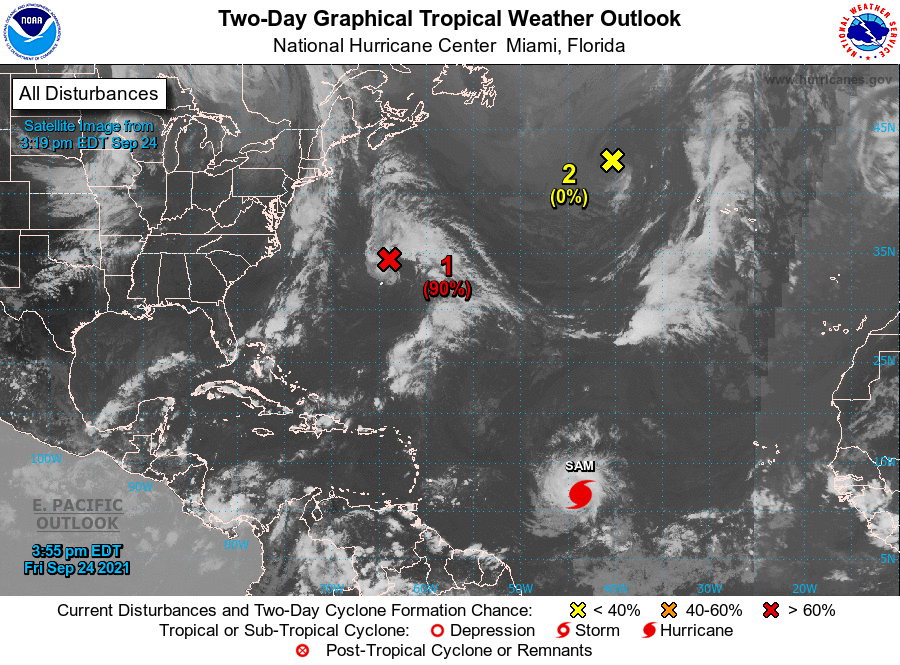
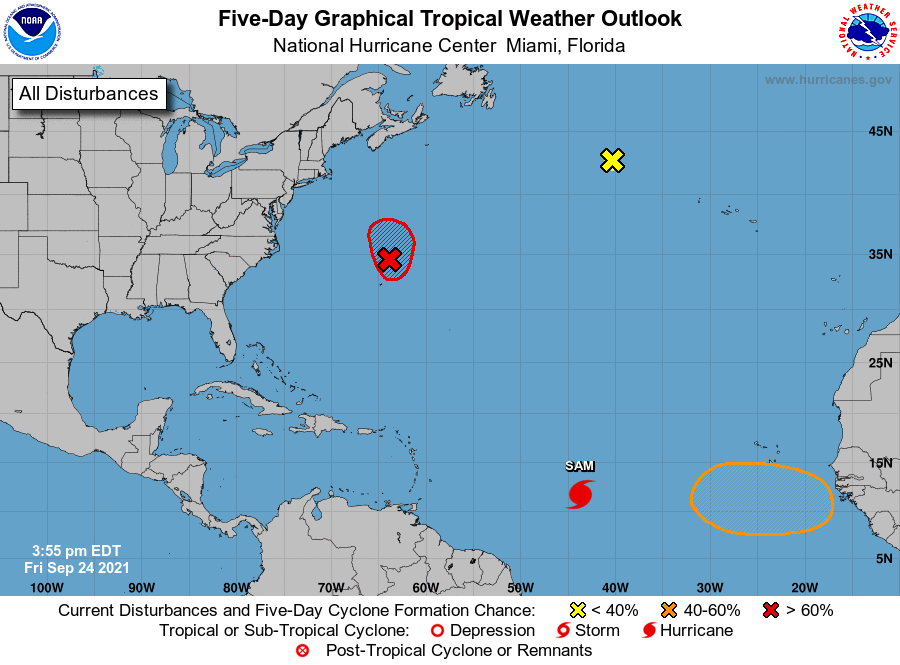
For the North Atlantic...Caribbean Sea and the Gulf of Mexico:

Special tropical weather outlook issued for the system located to the north-northeast of Bermuda.

The National Hurricane Center is issuing advisories on Hurricane Sam, located about 1300 miles east-southeast of the northern Leeward Islands.

1. Updated: Recent visible satellite imagery indicates that a well-defined center has formed with a surface low located a couple hundred miles north-northeast of Bermuda interacting with an upper-level trough. In addition, the low is producing gale-force winds on the north side of its circulation. Additional development into a subtropical storm is now expected, and advisories will likely be initiated this afternoon as the system moves slowly toward the north-northwest. Additional information on this system, including gale warnings, can be found in High Seas Forecasts issued by the National Weather Service.
* Formation chance through 48 hours...high...90 percent.
* Formation chance through 5 days...high...90 percent.

2. A gale-force, non-tropical low pressure system, the remnants of Odette, is located less than 600 miles west of the westernmost Azores. Showers and thunderstorms have mostly dissipated near the low, and strong upper-level winds are now expected to prevent further development as this system moves gradually southward until dissipation. Additional information on this system, including gale warnings, can be found in High Seas Forecasts issued by the National Weather Service.
* Formation chance through 48 hours...low...near 0 percent.
* Formation chance through 5 days...low...near 0 percent.

3. A tropical wave is expected to move off the west coast of Africa by the end of this weekend. Thereafter, environmental conditions are forecast to be conducive for gradual development, and a tropical depression could form by the middle of next week while the system moves westward at 10 to 15 mph over the far eastern tropical.
* Formation chance through 48 hours...low...near 0 percent.
* Formation chance through 5 days...medium...50 percent.

High Seas Forecasts issued by the National Weather Service can be found under AWIPS header NFDHSFAT1, WMO header FZNT01 KWBC, and online at ocean.weather.gov/shtml/NFDHSFAT1.php

Forecaster Papin/Landsea